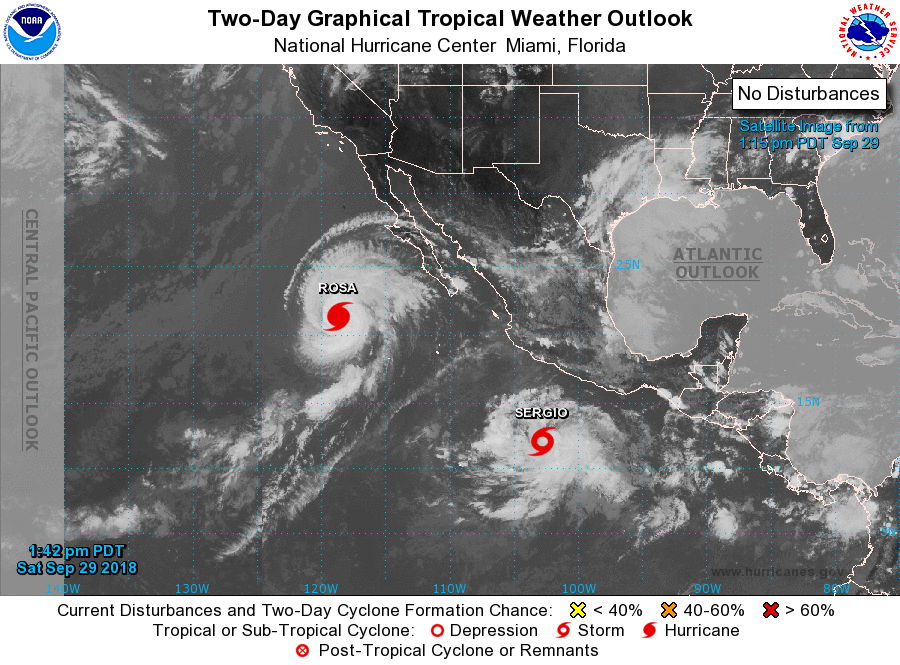
For the eastern North Pacific...east of 140 degrees west longitude:

The National Hurricane Center is issuing advisories on Hurricane Rosa, located several hundred miles west-southwest of the southern tip of the Baja California peninsula, and on newly-developed Tropical Storm Sergio, located several hundred miles south-southwest of Acapulco, Mexico.

Tropical cyclone formation is not expected during the next five days.

&&
Public Advisories on Tropical Storm Sergio are issued under WMO header WTPZ31 KNHC and under AWIPS header MIATCPEP1. Forecast/Advisories on Tropical Storm Sergio are issued under WMO header WTPZ21 KNHC and under AWIPS header MIATCMEP1.

Forecaster Beven